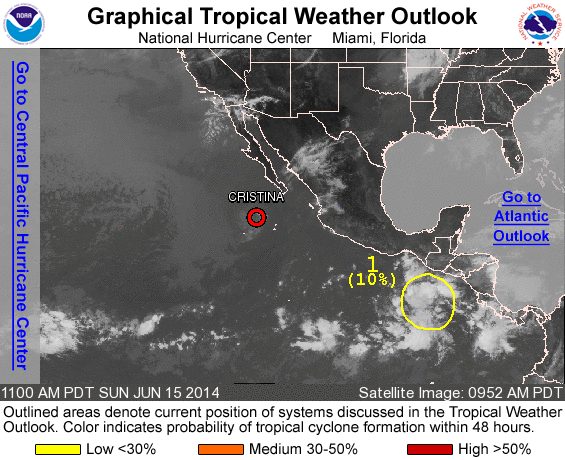
For the eastern North Pacific...east of 140 degrees west longitude:

The National Hurricane Center is issuing advisories on Tropical Depression Cristina, located a few hundred miles southwest of the southern tip of the Baja California peninsula of Mexico.

1. A tropical wave located a few hundred miles south of the coast of Guatemala is producing disorganized shower and thunderstorm activity. Environmental conditions appear favorable for gradual development of this system during the next several days at it moves westward at around 10 mph.
* Formation chance through 48 hours...low...10 percent.
* Formation chance through 5 days...medium...30 percent.

Forecaster Brennan